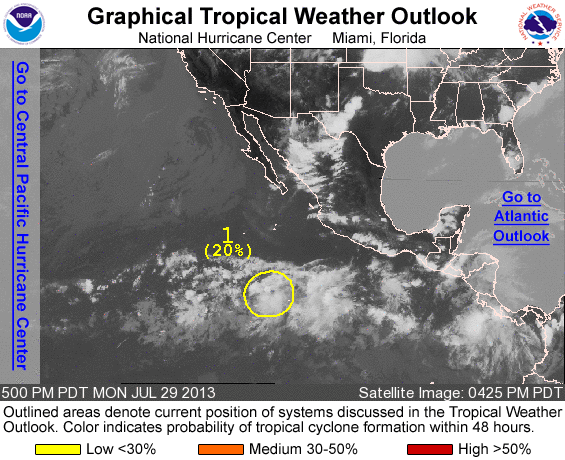
FOR THE EASTERN NORTH PACIFIC...EAST OF 140 DEGREES WEST LONGITUDE..

1. A BROAD AREA OF LOW PRESSURE LOCATED ABOUT 900 MILES SOUTH OF THE SOUTHERN TIP OF THE BAJA CALIFORNIA PENNISULA CONTINUES TO PRODUCE DISORGANIZED SHOWERS AND THUNDERSTORMS. ENVIRONMENTAL CONDITIONS ARE CONDUCIVE FOR GRADUAL DEVELOPMENT OF THIS SYSTEM OVER THE NEXT FEW DAYS AS IT MOVES TOWARD THE WEST-NORTHWEST AT ABOUT 10 MPH. THIS SYSTEM HAS A LOW CHANCE...20 PERCENT...OF BECOMING A TROPICAL CYCLONE DURING THE NEXT 48 HOURS.

ELSEWHERE...TROPICAL CYCLONE FORMATION IS NOT EXPECTED DURING THE NEXT 48 HOURS.

FORECASTER CANGIALOSI